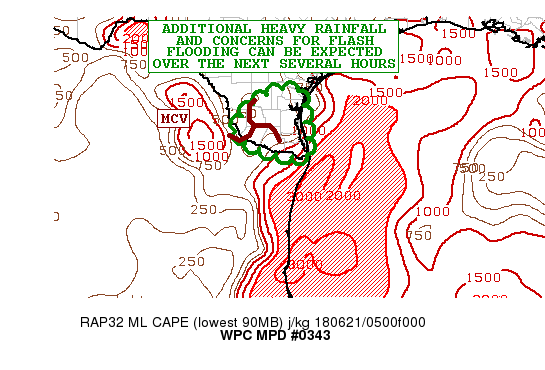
AREAS AFFECTED...SOUTH TEXAS

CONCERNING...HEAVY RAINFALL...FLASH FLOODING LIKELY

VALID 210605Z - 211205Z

SUMMARY...ADDITIONAL CLUSTERS OF HEAVY SHOWERS AND THUNDERSTORMS
WILL MAINTAIN A THREAT FOR FLASH FLOODING EARLY THIS MORNING.

DISCUSSION...AN MCV OVER SOUTH TEXAS IS QUASI-STATIONARY AT THIS
TIME...BUT SHOULD BEGIN TO SLOWLY ADVANCE WEST-SOUTHWEST OVER THE
NEXT SEVERAL HOURS. HEAVY SHOWERS AND THUNDERSTORMS CONTINUE TO
DEVELOP NEAR THE VORT CENTER AND ALSO AROUND THE SOUTHERN AND
EASTERN FLANKS OF IT WHERE A WELL-DEFINED AND STRONG INSTABILITY
GRADIENT IS NOTED. IN FACT...THE LATEST GOES-16 CLEAN IR SATELLITE
IMAGERY HAS BEEN SHOWING SOME COOLING CONVECTIVE TOPS AND
SUGGESTIVE OF A SLIGHT UPTICK IN CONVECTIVE ORGANIZATION.

VERY HIGH PWATS OF ABOUT 2.5 INCHES REMAIN IN PLACE ACROSS THE
REGION WHICH IS INDICATIVE OF A DEEP TROPICAL AIRMASS. THIS WILL
CONTINUE TO FAVOR ENHANCED RAINFALL RATES GIVEN THE HIGHLY
EFFICIENT RAINFALL PROCESSES THAT ARE IN PLACE.

SEVERAL CONVECTIVE BANDS ARE LIKELY TO IMPACT FAR SOUTH TX THROUGH
THE EARLY MORNING HOURS WITH MORE FOCUSED CONVECTION ALSO
PERSISTING NEAR THE VORT CENTER. THIS WILL FOSTER ADDITIONAL HEAVY
RAINFALL TOTALS THAT MAY LOCALLY BE AS MUCH AS 3 TO 5 INCHES.

GIVEN THE WET ANTECEDENT CONDITIONS...THE ADDITIONAL RAINFALL
AMOUNTS WILL LIKELY CAUSE SOME FLASH FLOODING.